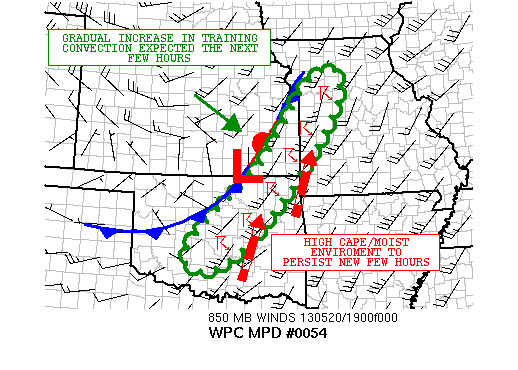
AREAS AFFECTED...CENTREAL AND NORTHEAST OK...SOUTHEAST
KS...WESTERN MO

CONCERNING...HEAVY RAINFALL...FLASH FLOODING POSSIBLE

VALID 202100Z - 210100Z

SUMMARY...GRADUALLY INCREASING THREAT FOR TRAINING CONVECTION THE
NEXT FEW HOURS...AND THEREFORE SOME POTENTIAL FOR FLASH FLOODING.

DISCUSSION...A BAND OF SEVERE THUNDERSTORMS HAS DEVELOPED ALONG
AND JUST AHEAD OF A SW/NE ORIENTED FRONTAL ZONE INVOLVING PORTIONS
OF EXTREME NERN OK...SERN KS AND FAR WESTERN MO. STRONG DIURNAL
HEATING HAS RESULTED IN SFC-BASED CAPE VALUES LOCALLY EXCEEDING
4000 J/KG...WHICH HAS BEEN MORE THAN ENOUGH OVER THE LAST 1 TO 2
HOURS TO BREAK THROUGH THE CAP FOCUSED AROUND 800 MB AND INITIATE
CONVECTION AS PER 18Z KOUN RAOB. GLATEST GOES-SOUNDER CAPE VALUES
CONFIRM THIS DEGREE OF STRONG INSTABILITY AS WELL.

THE CONCERN OVER THE NEXT FEW HOURS WILL BE DEEP LAYER SWLY FLOW
PARALLELING THE FRONTAL ZONE...AND SUPPORTING A LINEARLY ORIENTED
CONVECTIVE AXIS THAT WILL BE CONDUCIVE TO TRAINING CONVECTIVE
CELLS. WHILE THE STORM MODE ATTM IS OVERWHELMINGLY SEVERE...EXPECT
THERE TO BE A GRADUAL INCREASE IN THE THREAT FOR FLASH FLOODING
THE NEXT FEW HOURS AS ADDITIONAL UPSTREAM CONVECTIVE DEVELOPMENT
TAKES PLACE AND ATTEMPTS TO TRAIN OVER THE SAME AREA. GOES-SOUNDER
PWATS OF 1.3 TO 1.4 INCHES WILL BE CONDUCIVE TO PRODUCING RAINFALL
RATES OF UP TO 1.5 INCHES/HR. WILL CONTINUE TO MONITOR.